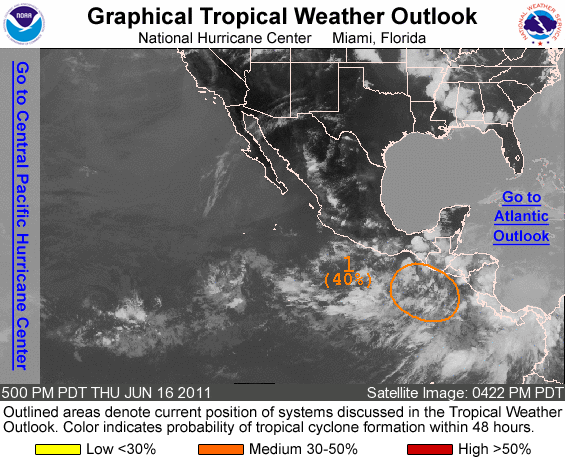
FOR THE EASTERN NORTH PACIFIC...EAST OF 140 DEGREES WEST LONGITUDE..

1. A BROAD AREA OF LOW PRESSURE LOCATED SEVERAL HUNDRED MILES SOUTH OF THE GULF OF TEHUANTEPEC IS PRODUCING A LARGE BUT DISORGANIZED AREA OF SHOWERS AND A FEW THUNDERSTORMS. ENVIRONMENTAL CONDITIONS ARE EXPECTED TO BE FAVORABLE FOR SOME DEVELOPMENT OF THIS LOW DURING THE NEXT COUPLE OF DAYS. THERE IS A MEDIUM CHANCE...40 PERCENT... OF THIS SYSTEM BECOMING A TROPICAL CYCLONE OVER THE NEXT 48 HOURS AS IT BEGINS TO MOVE SLOWLY WEST-NORTHWESTWARD.

ELSEWHERE...TROPICAL CYCLONE FORMATION IS NOT EXPECTED DURING THE NEXT 48 HOURS.

FORECASTER BERG